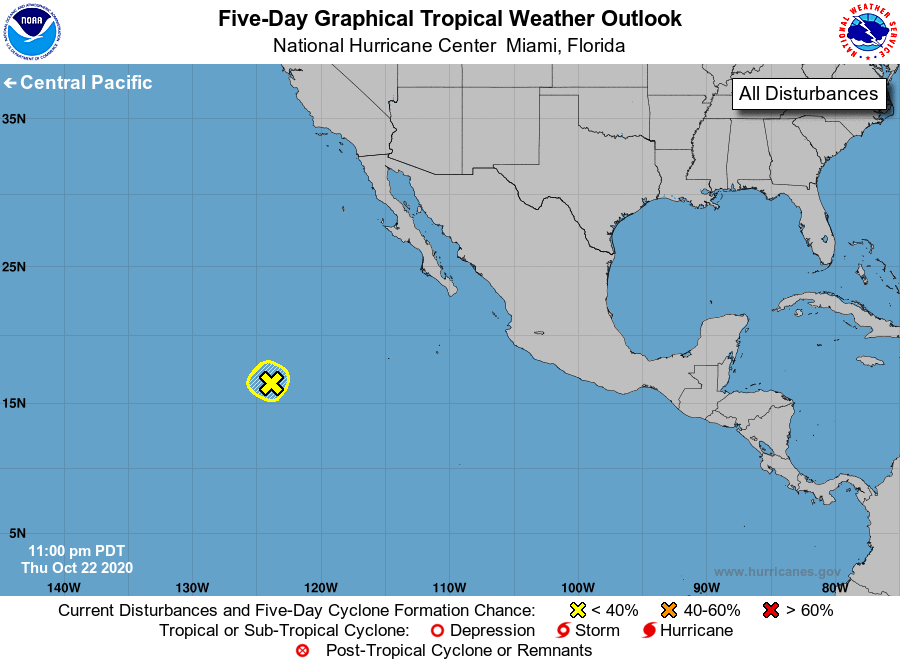
For the eastern North Pacific...east of 140 degrees west longitude:

1. A weak area of low pressure, located more 1000 miles southwest of the southern tip of the Baja California peninsula, is producing limited shower activity. This system is moving westward, and environmental conditions will continue to become unfavorable for development through the weekend.
* Formation chance through 48 hours...low...near 0 percent.
* Formation chance through 5 days...low...near 0 percent.

Forecaster Stewart